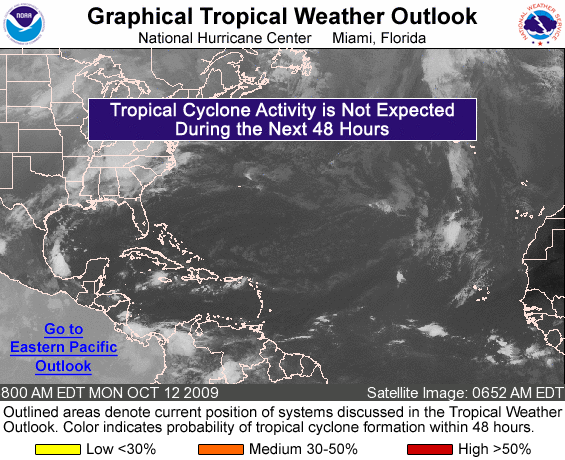
FOR THE NORTH ATLANTIC...CARIBBEAN SEA AND THE GULF OF MEXICO...

TROPICAL CYCLONE FORMATION IS NOT EXPECTED DURING THE NEXT 48 HOURS.

FORECASTER KIMBERLAIN/FRANKLIN